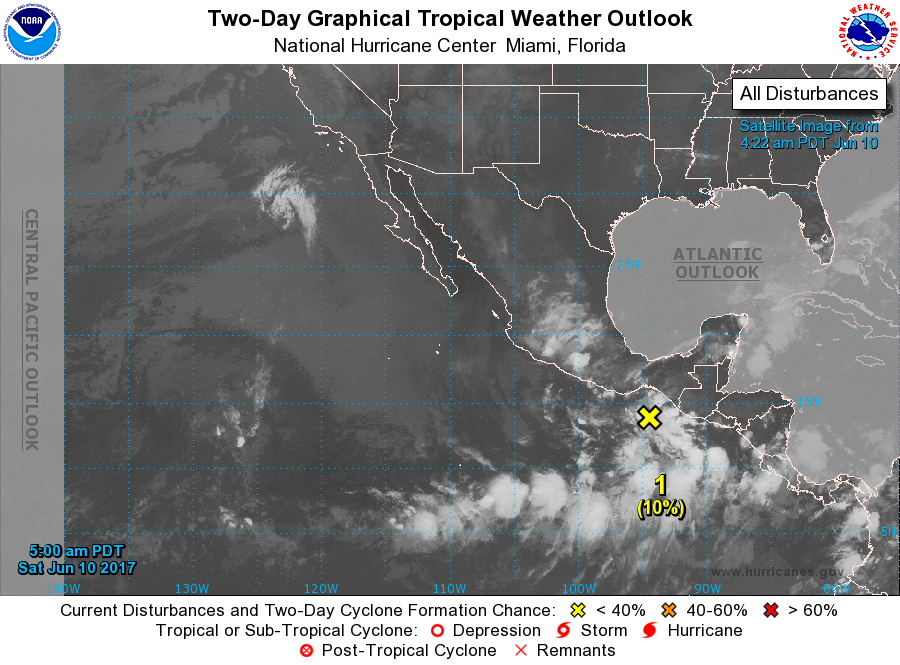
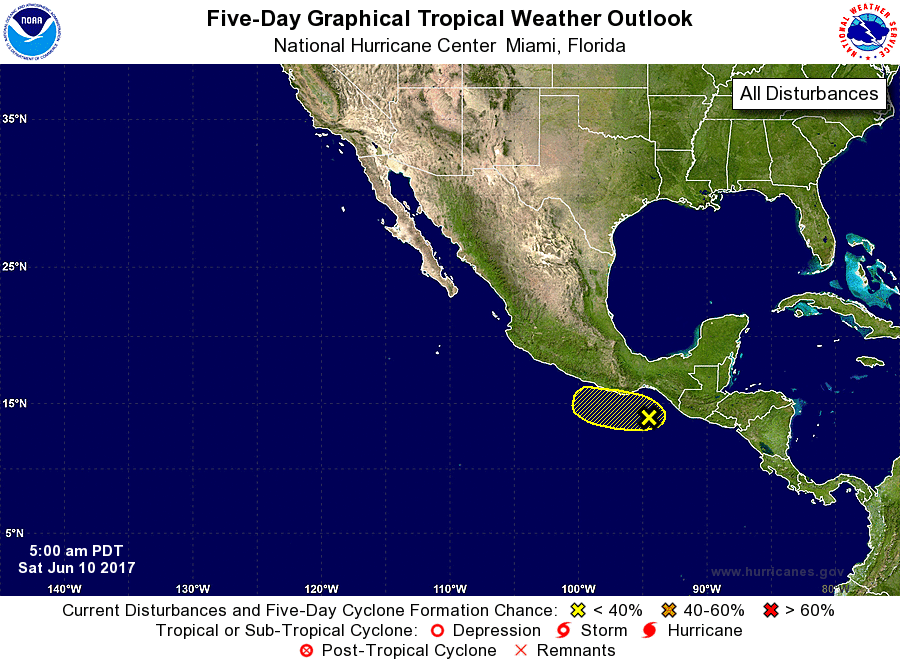
For the eastern North Pacific...east of 140 degrees west longitude:

1. A broad area of low pressure located a couple of hundred miles south of the Gulf of Tehuantepec is producing disorganized showers and thunderstorms. Some gradual development of this system is possible during the next several days while it moves west-northwestward to northwestward along or near the coast of Mexico.
* Formation chance through 48 hours...low...10 percent.
* Formation chance through 5 days...low...30 percent.

Forecaster Cangialosi